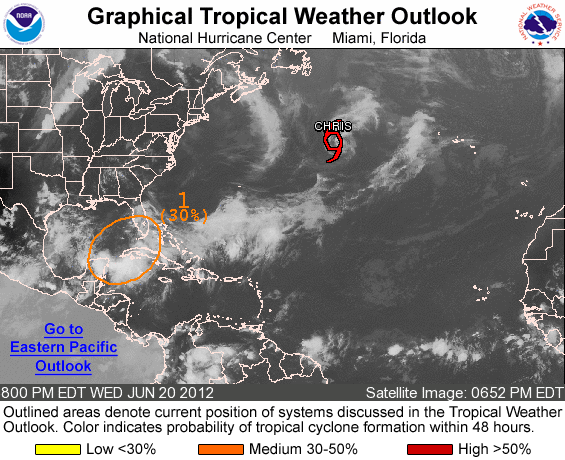
FOR THE NORTH ATLANTIC...CARIBBEAN SEA AND THE GULF OF MEXICO...

THE NATIONAL HURRICANE CENTER IS ISSUING ADVISORIES ON TROPICAL STORM CHRIS...LOCATED ABOUT 620 MILES SOUTH-SOUTHEAST OF CAPE RACE NEWFOUNDLAND.

1. A SHARP TROUGH OF LOW PRESSURE OVER THE SOUTHEASTERN GULF OF MEXICO IS PRODUCING A LARGE AREA OF CLOUDINESS...SHOWERS...AND THUNDERSTORMS THAT EXTEND FROM THE NORTHWESTERN CARIBBEAN SEA ACROSS CUBA TO THE BAHAMAS AND FLORIDA. STRONG UPPER-LEVEL WINDS OVER THE GULF OF MEXICO ARE EXPECTED TO GRADUALLY DIMINISH...AND SOME SLOW DEVELOPMENT IS POSSIBLE AS THE DISTURBANCE MOVES SLOWLY NORTHWESTWARD TOWARD THE CENTRAL GULF OF MEXICO OVER THE NEXT COUPLE OF DAYS. THIS SYSTEM HAS A MEDIUM CHANCE...30 PERCENT...OF BECOMING A TROPICAL CYCLONE DURING THE NEXT 48 HOURS. HEAVY RAINS AND LOCALIZED FLOODING ARE POSSIBLE ACROSS WESTERN CUBA...SOUTHERN FLORIDA...THE CENTRAL BAHAMAS...AND THE YUCATAN PENINSULA THROUGH FRIDAY.

ELSEWHERE...TROPICAL CYCLONE FORMATION IS NOT EXPECTED DURING THE NEXT 48 HOURS.

FORECASTER BERG